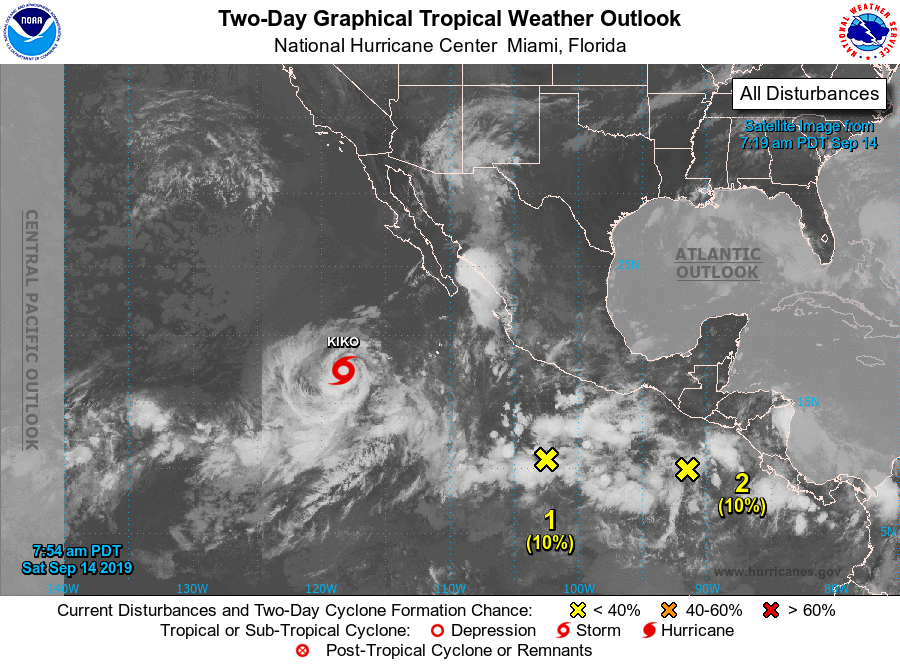
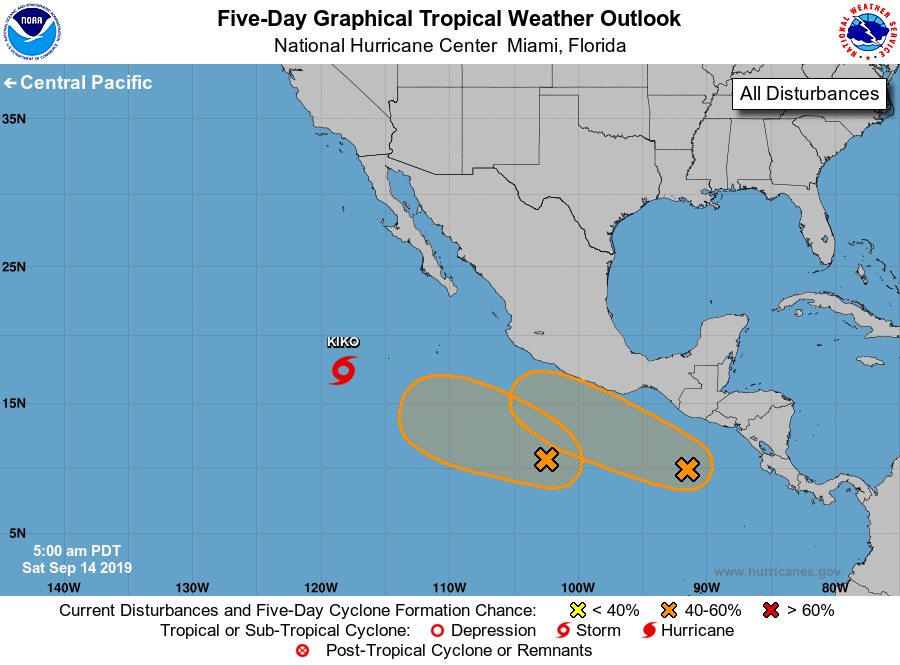
For the eastern North Pacific...east of 140 degrees west longitude:

The National Hurricane Center is issuing advisories on Tropical Storm Kiko, located several hundred miles southwest of the southern tip of the Baja California peninsula.

1. A weak area of low pressure centered about 500 miles south-southwest of Acapulco, Mexico, is producing disorganized showers and a few thunderstorms. Some gradual development of this system is possible, and a tropical depression could form by the middle of next week while it moves slowly westward or west-northwestward well offshore the southwestern coast of Mexico.
* Formation chance through 48 hours...low...10 percent.
* Formation chance through 5 days...medium...50 percent.

2. Another broad area of low pressure is located a few hundred miles south of the coast of Guatemala. This system is producing a more concentrated but also disorganized area of showers and thunderstorms. Environmental conditions are forecast to be conducive for development, and a tropical depression could form by the middle of next week while the system moves west-northwestward, near or parallel to the coast of Mexico.
* Formation chance through 48 hours...low...10 percent.
* Formation chance through 5 days...medium...50 percent.

Forecaster Brown